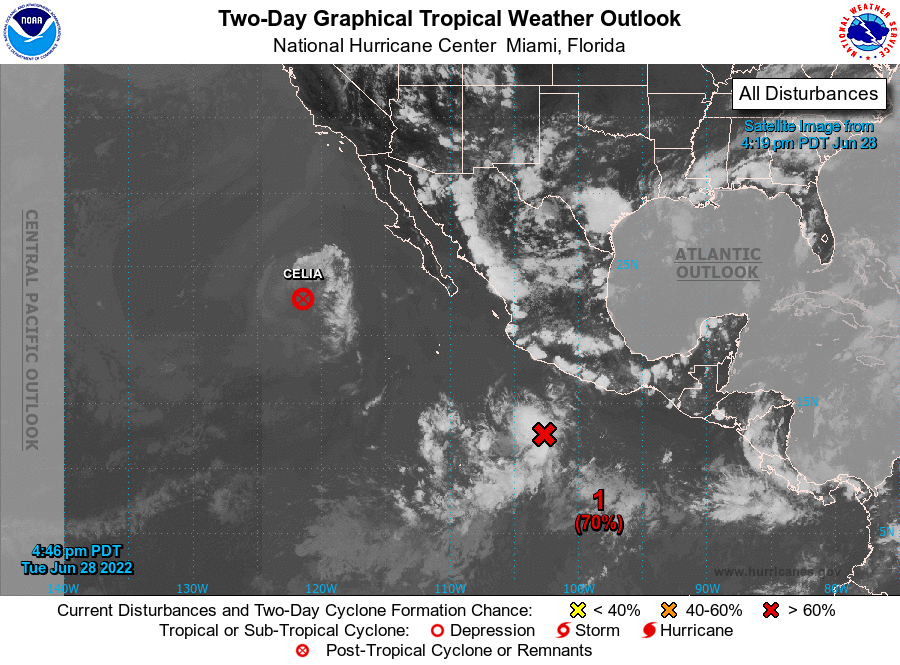
For the eastern North Pacific...east of 140 degrees west longitude:

Active Systems: The National Hurricane Center has issued its last advisory on the remnants of Celia, located several hundred miles west-southwest of the southern tip of the Baja California Peninsula.

The National Hurricane Center is issuing advisories on Atlantic basin Potential Tropical Cyclone Two, currently located near the southern Windward Islands. The system is forecast to cross Central America and move into the east Pacific basin, as a tropical cyclone, over the weekend.

1. Offshore of Southern Mexico: Showers and thunderstorms associated with a small low pressure system centered a few hundred miles south of the coast of southwestern Mexico show signs of increased organization. Environmental conditions are forecast to be conducive for additional gradual development during the next couple of days, and a tropical depression is likely form while the system moves westward to west-northwestward at 10 to 15 mph through the end of the week.
* Formation chance through 48 hours...medium...70 percent.
* Formation chance through 5 days...medium...70 percent.

Forecaster Bucci/Beven